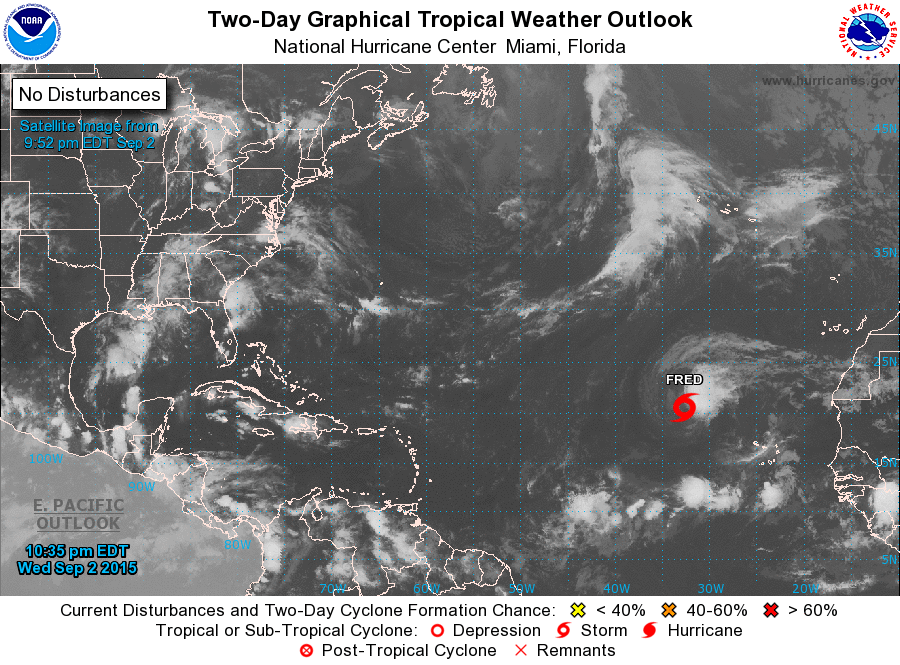
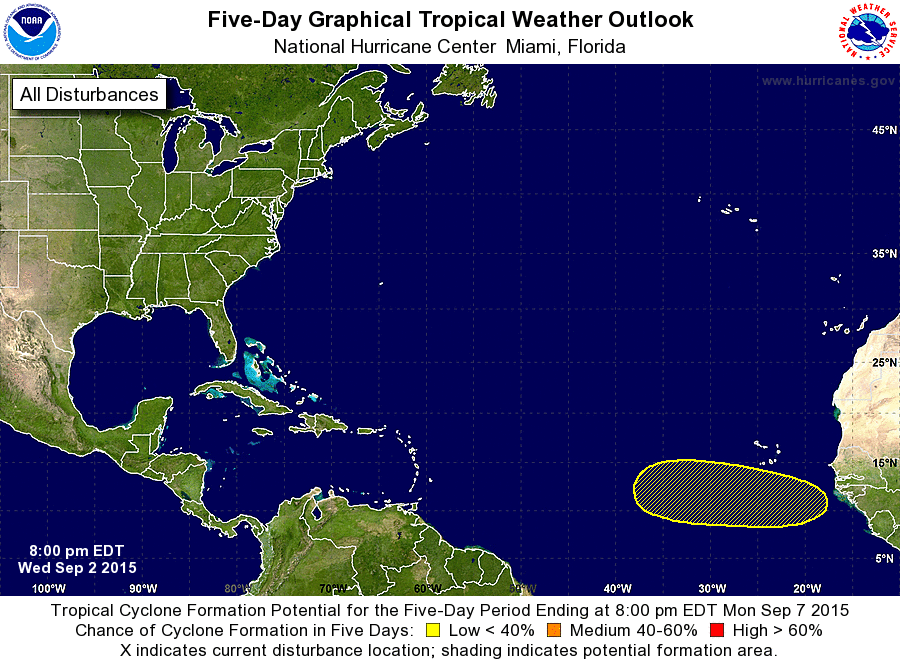
For the North Atlantic...Caribbean Sea and the Gulf of Mexico:

The National Hurricane Center is issuing advisories on Tropical Storm Fred, located several hundred miles west-northwest of the Cape Verde Islands.

1. A tropical wave is expected to move off of the west coast of Africa several hundred miles southeast of the Cape Verde Islands Thursday or Friday. Conditions appear conducive for slow development over the weekend as the system moves generally westward at 15 to 20 mph.
* Formation chance through 48 hours...low...near 0 percent
* Formation chance through 5 days...low...20 percent

Forecaster Beven